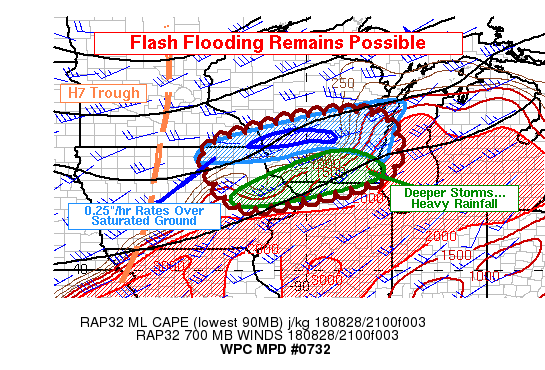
Areas affected...SRN WI...SE MN...NE IA...NRN IL

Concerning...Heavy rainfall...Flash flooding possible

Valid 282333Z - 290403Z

Summary...Traditional and longer term flash flood potential
remains over southern Wisconsin and adjacent areas this evening.

Discussion...Radar based precipitation estimates dating back 2 to
3 days showed 8 to near 15 inches of rain had fallen in a narrow
swath across southern Wisconsin and far southeast Minnesota. A few
confirming gauge sites had measured at least 6 to 9 inches from
Houston County, MN, to Marquette County, WI.

As of 2330Z the latest round of convection had suppressed the
instability axis farther south. Robust convection was still lined
up from northeast Iowa to near Madison, WI, with radar-based rain
rates up to about 1.5 inches in an hour as estimated from KDVN,
KARX. Regional mosaics also showed other numerous convective
showers / storms back in the more stable air across central to
northern Iowa, rooted more in the mid levels. Synoptic deep layer
lift is forecast to increase from this region up through southern
Wisconsin this evening, supporting an expansion of additional
rainfall, moderate at times.

Throughout the day the 12Z WRF-ARW, NSSL WRF, and more recent HRRR
runs, particularly the 21Z run - had handled the convection fairly
well. Projecting forward, these models suggest 1 to 2 inches
(isolated higher amounts) of additional rain with the more
surface-based storms in eastern Iowa, northern Illinois, and
southern to southeast Wisconsin. Flash flooding could result in
sensitive basins or wherever training occurs. Farther north the
rain rates will not be as intense, but still look respectable,
with a quarter to half inch per hour, and additional rainfall
totals just over a half inch moving back into extremely saturated
areas in MN/WI and adjacent northeast IA. Many forms of flooding
are likely to continue, and some flash flooding remains possible.